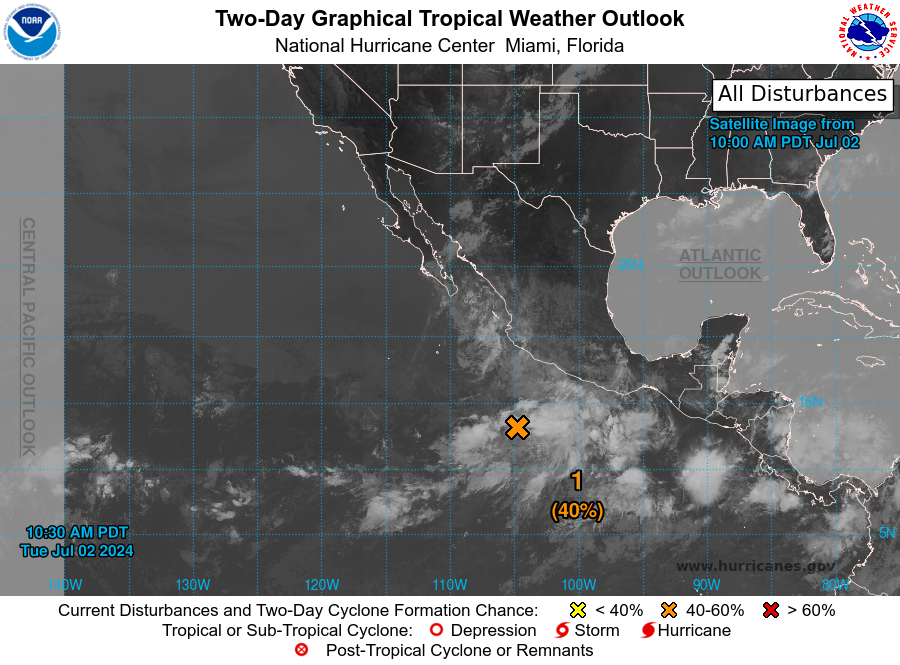
For the eastern North Pacific...east of 140 degrees west longitude:

1. Offshore of Southern Mexico: A large area of disorganized showers and thunderstorms located a few hundred miles offshore of the coast of southern Mexico is associated with a broad area of low pressure. Environmental conditions could support some gradual development of this system, and a tropical depression could form during the next couple of days while it moves northward to northwestward at 10 to 15 mph, remaining offshore of the southwestern coast of Mexico.
* Formation chance through 48 hours...medium....40 percent.
* Formation chance through 7 days...medium...50 percent.

Forecaster Reinhart